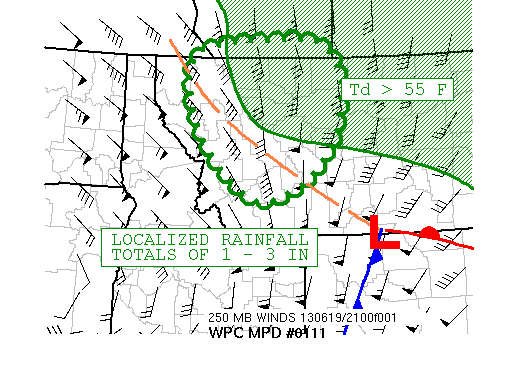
AREAS AFFECTED...WRN TO N-CNTRL MT

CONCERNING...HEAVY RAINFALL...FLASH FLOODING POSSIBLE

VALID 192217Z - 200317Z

SUMMARY...INCREASING COVERAGE OF CONVECTION WILL HEIGHTEN FLASH
FLOOD RISK AS RAINFALL MOVES OVER WET ANTECEDENT CONDITIONS.

RECENT RADAR IMAGERY HAS SHOWN A RAPID EXPANSION OF THUNDERSTORM
COVERAGE OVER THE PAST HOUR ACROSS MUCH OF CNTRL AND WRN
MONTANA...OUT AHEAD OF A NEGATIVELY TILTED SHORTWAVE ROTATING IN
FROM SRN IDAHO. IR SATELLITE IMAGERY HAS SHOWN AN INCREASING TREND
IN OVERSHOOTING TOPS...INDICATING A TREND TOWARD MORE INTENSE
UPDRAFTS AND STRENGTH OF CONVECTION.

AT 22Z...A WARM FRONT WAS ANALYZED NEAR THE MONTANA/WYOMING BORDER
WITH A DEEP AXIS OF MOISTURE EXTENDING AHEAD OF THE BOUNDARY FROM
ERN MONTANA BACK INTO NWRN PORTIONS OF THE STATE. STANDARDIZED
PRECIPITABLE WATER ANOMALIES OF +1 TO +3 COINCIDE WITHIN THIS
MOISTURE AXIS AND OVERLAP WITH LOWERED FLASH FLOOD GUIDANCE VALUES
OF 0.5 TO 1.0 IN/HR AND .75 TO 1.5 IN / 3 HR DUE TO ANTECEDENT
RAINFALL.

AS HEIGHT FALLS TIED TO THE ADVANCING SHORTWAVE MOVE INTO CNTRL
AND WRN MONTANA OVER THE NEXT FEW HOURS...THE COVERAGE OF STORMS
IS LIKELY TO INCREASE ALONG WITH CELL MERGERS OCCURRING WHILE CELL
MOVEMENT GENERALLY TRACKS FROM SSE TO NNW. TRENDS AND CONVECTIVE
DEVELOMENT WILL BE MONITORED FOR LOCATIONS EAST OF MPD #0111 FOR A
POSSIBLE FLASH FLOOD THREAT INTO THE OVERNIGHT HOURS.